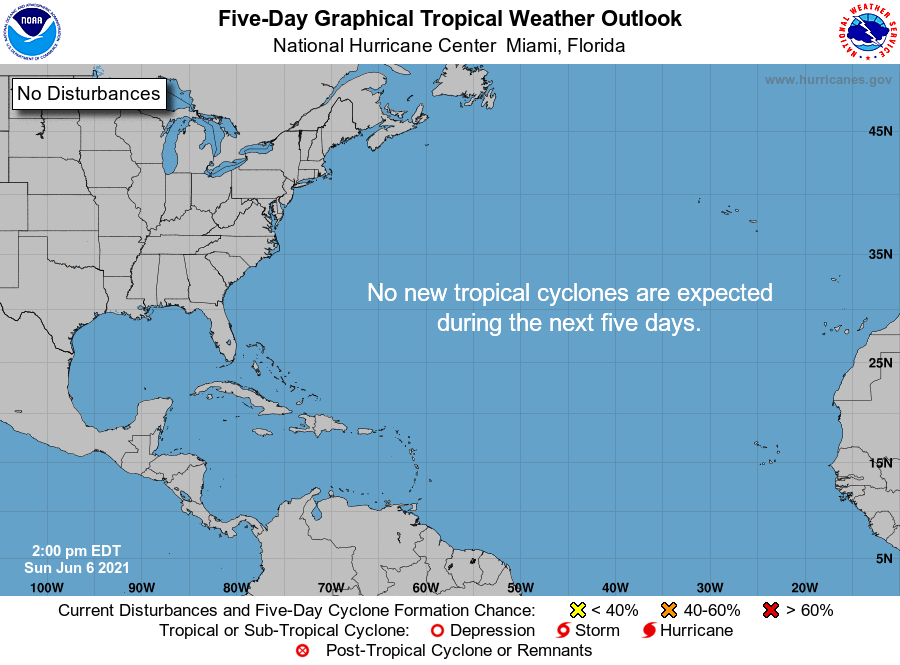
For the North Atlantic...Caribbean Sea and the Gulf of Mexico:

Tropical cyclone formation is not expected during the next 5 days.

Forecaster Reinhart/Blake